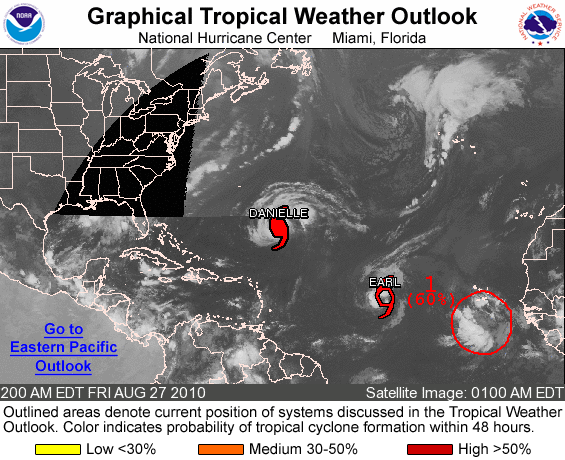
FOR THE NORTH ATLANTIC...CARIBBEAN SEA AND THE GULF OF MEXICO...

THE NATIONAL HURRICANE CENTER IS ISSUING ADVISORIES ON HURRICANE DANIELLE...LOCATED ABOUT 585 MILES SOUTHEAST OF BERMUDA...AND ON TROPICAL STORM EARL...LOCATED ABOUT 1525 MILES EAST OF THE NORTHERN LEEWARD ISLANDS.

1. SHOWER AND THUNDERSTORM ACTIVITY ASSOCIATED WITH A VIGOROUS TROPICAL WAVE LOCATED ABOUT 250 MILES SOUTH-SOUTHEAST OF THE SOUTHERNMOST CAPE VERDE ISLANDS HAS CHANGED LITTLE OVER THE PAST FEW HOURS. ENVIRONMENTAL CONDITIONS ARE FAVORABLE FOR ADDITIONAL DEVELOPMENT OF THIS SYSTEM...AND A TROPICAL DEPRESSION COULD FORM DURING THE NEXT COUPLE OF DAYS. THERE IS A HIGH CHANCE...60 PERCENT...OF THIS SYSTEM BECOMING A TROPICAL CYCLONE DURING THE NEXT 48 HOURS AS IT MOVES WESTWARD AT 15 TO 20 MPH.

ELSEWHERE...TROPICAL CYCLONE FORMATION IS NOT EXPECTED DURING THE NEXT 48 HOURS.

FORECASTER BRENNAN